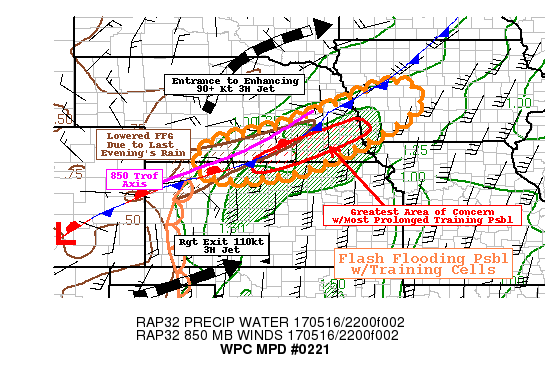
AREAS AFFECTED...SOUTHERN & SOUTHEAST NEB...NORTH CENTRAL
KS...SOUTHWESTERN IA

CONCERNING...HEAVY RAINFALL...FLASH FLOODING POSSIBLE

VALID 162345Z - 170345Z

SUMMARY...E-W LINE OF SLOW MOVING CONVECTION WITH POTENTIAL FOR
TRAINING/MERGERS CAPABLE OF INDUCING LOCALIZED FF CONDITIONS
THROUGH THE LATE EVENING HOURS.

DISCUSSION...GOES-EAST AND EXP. GOES-16 WV DENOTES STRONG UPPER
LEVEL LOW LIFTING NORTH ACROSS NM WITH STRONG 110KT JET NOSING
ACROSS THE TX PANHANDLE INTO W OK ATTM.  MORE SUBTLY A SMALLER
SCALE WAVE IS LIFTING NORTH-NORTH EAST ACROSS W KS WITH BETTER
DEFINED SHORTWAVE RIDGING ACROSS NEB...DEPICTING THE ENTRANCE TO
CONVECTIVELY ENHANCED JET THAT WILL CONTINUE TO LIFT NORTH ACROSS
NEB PROVIDING AN EXCELLENT DUAL JET REGIME FOR UPPER LEVEL
DIVERGENCE ACROSS S NEB/N KS THROUGH THE EVENING.  THIS COUPLET IS
ALSO REFLECTED IN THE LOWER LEVELS PARTICULARLY AT 850MB WHERE A
ENE TROF EXTENDS FROM E CO ACROSS NW KS INTO SE NEB/W IA.  BROAD
SOUTHERLY LLJ CURRENTLY AT 35-40KTS PER VWP NETWORK INTERSECTS THE
TROF PROVIDING DEEP MST CONVERGENCE TO SPARK THE LONG LINE THAT
HAS SOME EMBEDDED CELLS ROOTED A BIT DEEPER TOWARD THE SURFACE
PARTICULARLY IN PROXIMITY OF SFC FRONT.  CELLS CONTINUE TO UNZIP
WEST ALONG THE FRONT TOWARD THE INTERSECTION OF THE RETROGRADING
DRY LINE OVER NW KS (DEPICTED WELL IN REGION RADAR
REFLECTIVITY)...THE FURTHER WEST ALONG THE LINE THE GREATER
POTENTIAL FOR CELLS TO TRACK THROUGH AN AREA OF LOWERED FFG VALUES
ACROSS NW KS AND SOUTH CENTRAL NEB FROM LAST EVENINGS 1-2" OF RAIN.

AS THE MAIN HEIGHT FALLS ADVANCE OUT OF N NM/SW CO...THE 850MB LOW
WILL CONTINUE TO WIND UP AND INCREASE LLJ TO 50-60KTS ACROSS KS TO
NEB.  ADDITIONALLY ALLOWING CLOUD BEARING FLOW TO ORIENT MORE
FAVORABLY ALONG THE 850 TROF/FRONTAL BOUNDARY ACROSS NEB PROVIDING
A TRAINING CORRIDOR.   18Z NAM-CONEST AND RECENT HRRR RUNS APPEAR
TO BE HANDLING THE ONGOING EVOLUTION WELL AND SUPPORT AN AREA OF
2-3" WITH ISOLATED 4" TOTALS THROUGH 04Z MAINLY ACROSS S CENTRAL
AND SE NEBRASKA INTO SW IA.  FFG VALUES ARE A BIT HIGHER THROUGH
THIS AREA THAN FURTHER WEST BUT GIVEN THIS POTENTIAL...THERE
REMAINS A LOCALIZED THREAT FOR FLASH FLOODING THROUGH THE LATE
EVENING/EARLY OVERNIGHT HOURS.